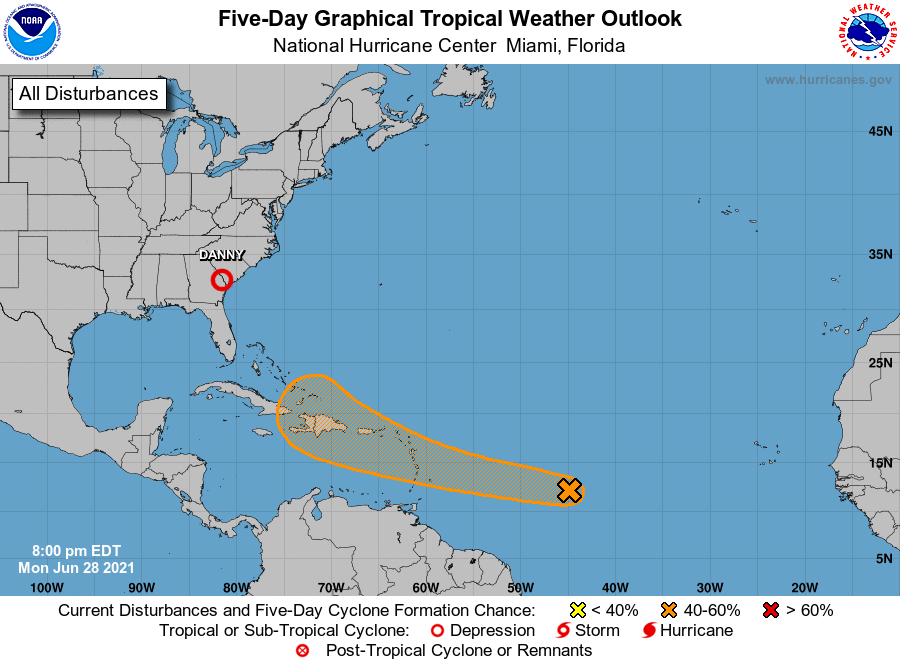
For the North Atlantic...Caribbean Sea and the Gulf of Mexico:

The National Hurricane Center is issuing advisories on Tropical Storm Danny, located near the southern South Carolina coast.

1. Disorganized showers and a few thunderstorms continue in association with a tropical wave located over the central Atlantic Ocean. Some slow development of this disturbance is possible later this week and this weekend while the system moves westward to west-northwestward at 15 to 20 mph, likely reaching the Lesser Antilles by Wednesday night.
* Formation chance through 48 hours...low...20 percent.
* Formation chance through 5 days...medium...40 percent.

Public Advisories on Tropical Storm Danny are issued under WMO header WTNT34 KNHC and under AWIPS header MIATCPAT4. Forecast/Advisories on Tropical Depression Four are issued under WMO header WTNT24 KNHC and under AWIPS header MIATCMAT4.

Forecaster Cangialosi